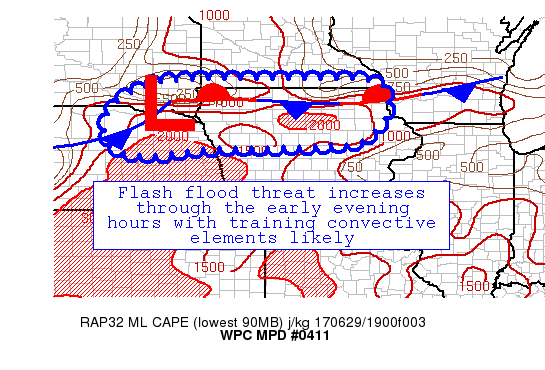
AREAS AFFECTED...N IOWA...NE NEBRASKA...SE SOUTH DAKOTA...S
MINNESOTA

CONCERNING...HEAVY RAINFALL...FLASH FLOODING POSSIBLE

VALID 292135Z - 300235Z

SUMMARY...HEAVY CONVECTION IS INCREASING IN COVERAGE OVER THIS
REGION IN THE VICINITY OF A STATIONARY FRONT OVER NORTHERN IOWA.
TRAINING CELLS ARE LIKELY WITH THE POTENTIAL FOR FLASH FLOODING
GIVEN RAINFALL RATES ON THE ORDER OF 1.5 TO PERHAPS 3 INCHES PER
HOUR POSSIBLE.

DISCUSSION...THE LATEST RADAR TRENDS ARE INDICATING BACK-BUILDING
CONVECTION OVER PARTS OF NORTHERN IOWA LATE THIS AFTERNOON, WITH
ADDITIONAL CONVECTION DEVELOPING FARTHER WEST OVER NORTHEAST
NEBRASKA AND SOUTHEAST SOUTH DAKOTA.  EXPANDING AND COOLING CLOUD
TOPS ARE EVIDENT ON IR SATELLITE IMAGERY, AND THIS IS EXPECTED TO
CONTINUE OVER THE NEXT SEVERAL HOURS GIVEN THE APPROACH OF A MID
LEVEL VORTMAX APPROACHING FROM THE WEST ALONG WITH SOME LEFT EXIT
UPPER LEVEL JET DYNAMICS.  PW VALUES NEAR 1.5 INCHES AS PORTRAYED
BY THE RAP MODEL AND STRONGLY CONFLUENT 850MB FLOW AND ENHANCED
MOISTURE CONVERGENCE, ALONG WITH MLCAPES NEAR 2000 J/KG NEAR THE
FRONT, WILL BE ABLE TO SUSTAIN THIS CONVECTION THROUGH THE EARLY
EVENING HOURS.

THE LATEST OPERATIONAL AND EXPERIMENTAL HRRR RUNS APPEAR TO BE
UNDERDONE WITH THE EXPECTED PRECIPITATION AMOUNTS THROUGH 00Z
BASED ON RECENT RADAR TRENDS.  THE ARW AND NMMB ALSO SEEM TOO LOW
WITH THEIR AMOUNTS OVER THIS REGION.  GIVEN THE FAVORABLE
MESOSCALE SET-UP, FLASH FLOODING IS POSSIBLE THROUGH 2Z.